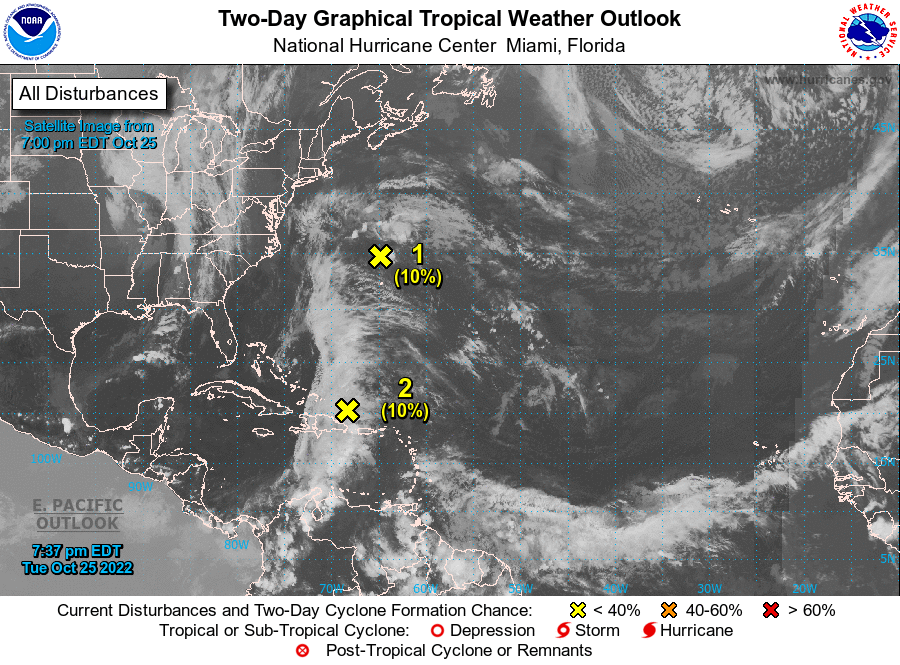
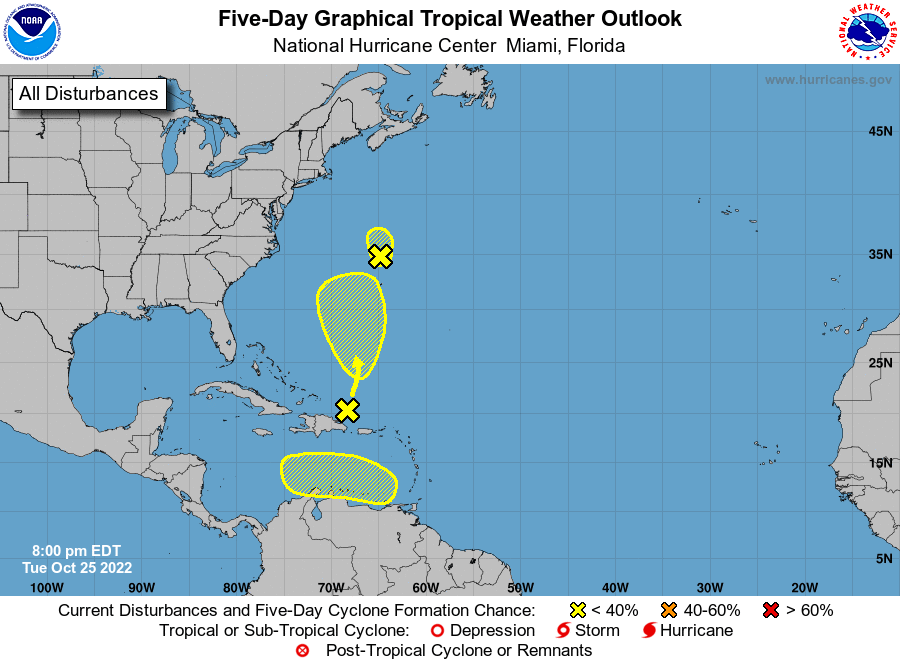
For the North Atlantic...Caribbean Sea and the Gulf of Mexico:

1. Northwestern Atlantic: Shower and thunderstorm activity remains limited in association with an area of low pressure located about 150 miles north of Bermuda. The low is accelerating northward towards cooler waters and into an area of strong upper-level winds, and development is looking increasingly unlikely.
* Formation chance through 48 hours...low...10 percent.
* Formation chance through 5 days...low...10 percent.

2. Southwestern Atlantic: A trough of low pressure stretching from the central Caribbean northward to the southwestern Atlantic is producing a broad area of disorganized showers and thunderstorms. Environmental conditions appear conducive for some gradual subtropical development of this system over the next few days while it drifts north-northeastward. The system is then forecast to meander over the subtropical western Atlantic to the west or southwest of Bermuda. Upper-level winds are forecast to become less conducive for development by the end of the weekend.
* Formation chance through 48 hours...low...10 percent.
* Formation chance through 5 days...low...30 percent.

3. Eastern Caribbean: An area of low pressure could form over the eastern Caribbean Sea by early this weekend. Environmental conditions are forecast to be conducive for gradual development as the low moves generally westward or west-northwestward into the central Caribbean by the end of the weekend.
* Formation chance through 48 hours...low...near 0 percent.
* Formation chance through 5 days...low...20 percent.

Forecaster Papin